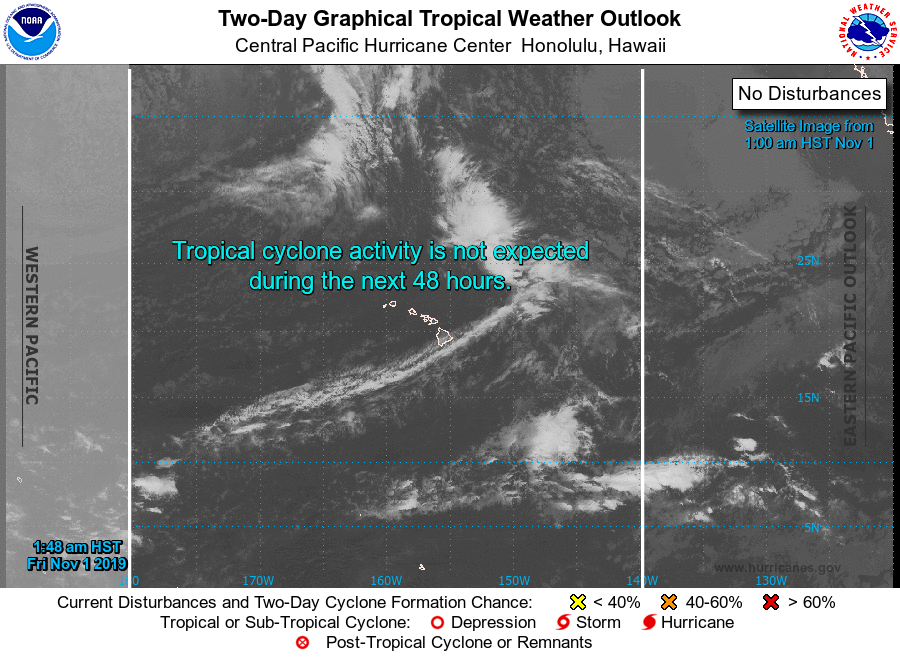
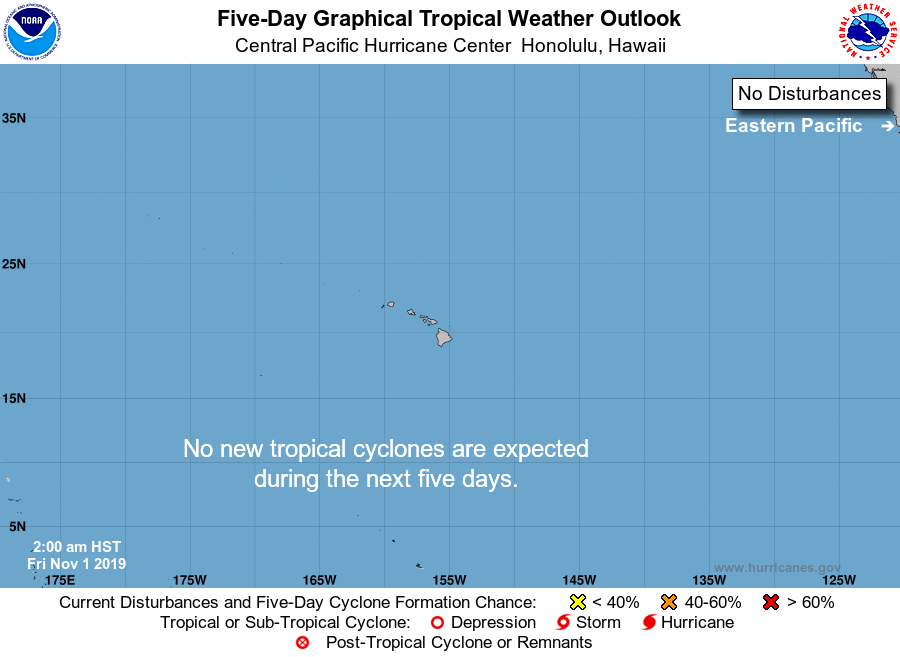
For the central North Pacific...between 140W and 180W:

No tropical cyclones are expected during the next 5 days.

Forecaster Jelsema